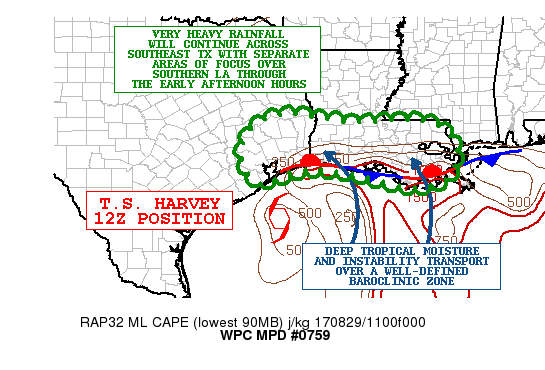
AREAS AFFECTED...SOUTHEAST TX...CENTRAL/SOUTHERN LA

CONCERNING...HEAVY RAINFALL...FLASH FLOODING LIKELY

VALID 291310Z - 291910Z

SUMMARY...VERY HEAVY RAINFALL WILL CONTINUE TO EXACERBATE HISTORIC
LEVELS OF FLOODING OVER SOUTHEAST TX. STRONG BANDS OF
THUNDERSTORMS WILL ALSO BE FOCUSING OVER AREAS OF CENTRAL/SOUTHERN
LA WITH SEPARATE FOCUSED AREAS OF FLASH FLOODING CONCERNS.

DISCUSSION...T.S. HARVEY AS OF 12Z IS CENTERED 90 MILES
EAST-SOUTHEAST OF PORT OCONNOR TX AND IS MOVING VERY SLOWLY OFF TO
THE EAST-NORTHEAST. THE LATEST NON-OPERATIONAL GOES-16 WV/IR DATA
SHOWS A RATHER NON-TROPICAL LOOKING CLOUD PATTERN AS A SIGNIFICANT
DRY SLOT CONTINUES TO ADVANCE OVER THE CENTER OF HARVEY WHILE
WRAPPING NORTHEAST INTO PARTS OF SOUTH-CENTRAL LA.
SIMILARILY...THE NON-OPERATIONAL GOES-16 RGB AIRMASS IMAGERY HAS
BEEN CONFIRMING THIS DRY SLOT AS WELL.

COLD CONVECTIVE TOPS THOUGH NORTH OF THE CENTER WHICH ARE EMBEDDED
WITHIN A WELL-DEFINED MID LEVEL DEFORMATION ZONE ARE STILL
IMPACTING AREAS OF SOUTHEAST TX...AND ESPECIALLY
CHAMBERS...LIBERTY AND HARDIN COUNTIES...AND RADAR IMAGERY SHOWS
PERSISTENT AREAS OF VERY HEAVY RAINFALL IMPACTING THESE AREAS.

RAINFALL TOTALS OVER THE LAST 12 HOURS ACROSS SOME OF THESE AREAS
HAVE BEEN ON THE ORDER OF 6 TO 10+ INCHES...ESPECIALLY OVER
CHAMBERS COUNTY...AND THIS HAS BEEN RESULTING IN EXTREME FLOODING
CONDITIONS.

HARVEY WILL CONTINUE TO MOVE VERY SLOWLY THROUGH MIDDAY WITH A
GRADUAL TURN TO THE NORTHEAST EXPECTED. THIS WILL LIKELY MAINTAIN
HEAVY RAINFALL OVER SOUTHEAST TX...WITH SOME GRADUAL EASTWARD
SHIFTING OF THE HEAVIER RAINS. MEANWHILE...FARTHER EAST ACROSS
CENTRAL/SOUTHERN LA...THERE WILL LIKELY BE MULTIPLE BANDS OF
CONVECTION DEVELOPING AND ADVANCING NORTH FROM THE GULF OF MEXICO
AS VERY MOIST AND UNSTABLE AIR AROUND THE EAST SIDE OF HARVEY
LIFTS NORTH AND OVER A RATHER WELL-DEFINED STATIONARY FRONT FROM
THE UPPER TX COAST EAST ACROSS THE CENTRAL GULF COAST. THIS IS
RESULTING IN STRONG ISENTROPIC ASCENT AND HEAVIER RAINS NEAR THE
FRONT...AND ESPECIALLY OVER SOUTHEAST LA.

BASED ON THE LATEST HRRR AND HRRRX GUIDANCE...EXPECT AN ADDITIONAL
3 TO 6 INCHES OF RAIN OVER SOUTHEAST TX....GENERALLY EAST AND
NORTHEAST OF THE HOUSTON METROPOLITAN AREA. IN ANY EVENT...THESE
ADDITIONAL RAINS WILL EXACERBATE THE EXTREME FLOODING CONCERNS
HERE.

MEANWHILE...VERY HEAVY RAINS OVER PARTS OF SOUTHERN AND SOUTHEAST
LA WILL BE EXPECTED TOO...INCLUDING THE NEW ORLEANS METROPOLITAN
AREA...WITH LOCALIZED AMOUNTS THROUGH EARLY AFTERNOON OF UP TO AS
MUCH AS 4 TO 6 INCHES. SOME VERY COLD CONVECTIVE TOPS ARE
CURRENTLY APPROACHING THE NEW ORLEANS AREA AND THESE RAINS WILL
LIKELY RESULT IN FLASH FLOODING.